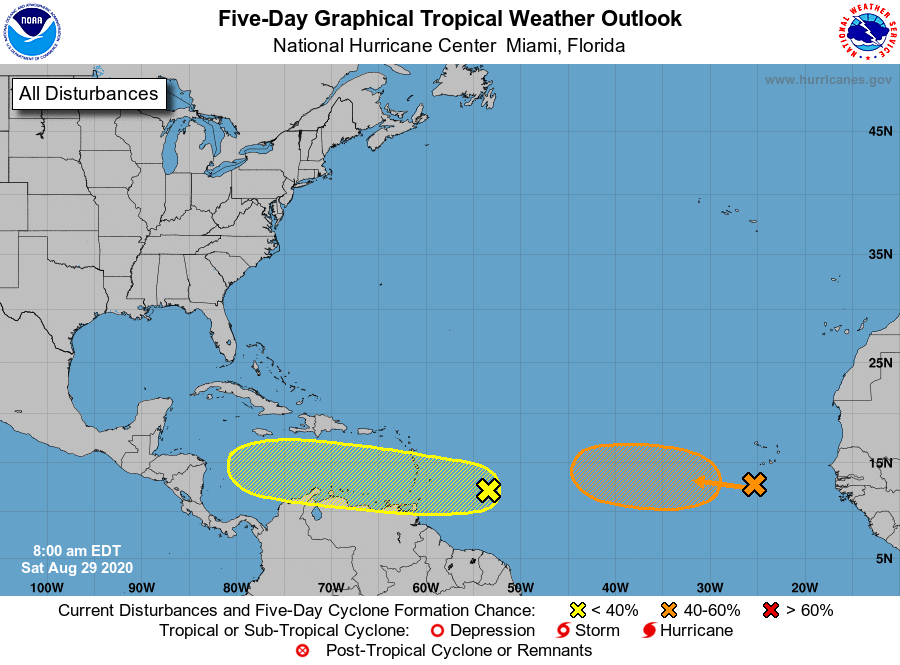
For the North Atlantic...Caribbean Sea and the Gulf of Mexico:

The Weather Prediction Center has issued its last advisory on Post-Tropical Cyclone Laura, located inland over northeastern Kentucky.

1. A tropical wave located about 550 miles east of the Windward Islands is producing disorganized showers and thunderstorms. Some gradual development of this system is possible during the next several days while it moves westward at about 15 mph toward the Lesser Antilles. Regardless of development, this system will likely produce gusty winds and locally heavy rainfall across portions of the Windward and Leeward Islands on Sunday.
* Formation chance through 48 hours...low...20 percent.
* Formation chance through 5 days...low...30 percent.

2. Another tropical wave is located over the eastern Atlantic Ocean just southwest of the Cabo Verde Islands. This system is expected to move very slowly for the next several days, and some development is possible early next week over the eastern or central tropical Atlantic.
* Formation chance through 48 hours...low...near 0 percent.
* Formation chance through 5 days...medium...40 percent.

Public Advisories issued by the Weather Prediction Center on Post-Tropical Cyclone Laura can be found under AWIPS header TCPAT3, WMO header WTNT33 KWNH, and on the web at https://www.wpc.ncep.noaa.gov and https://www.hurricanes.gov.

Forecaster Beven